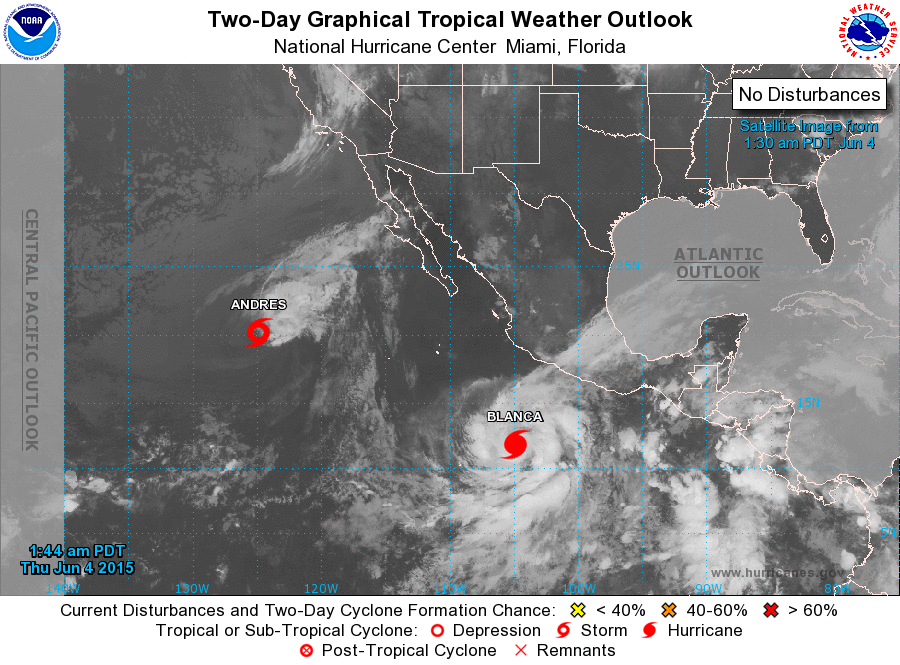
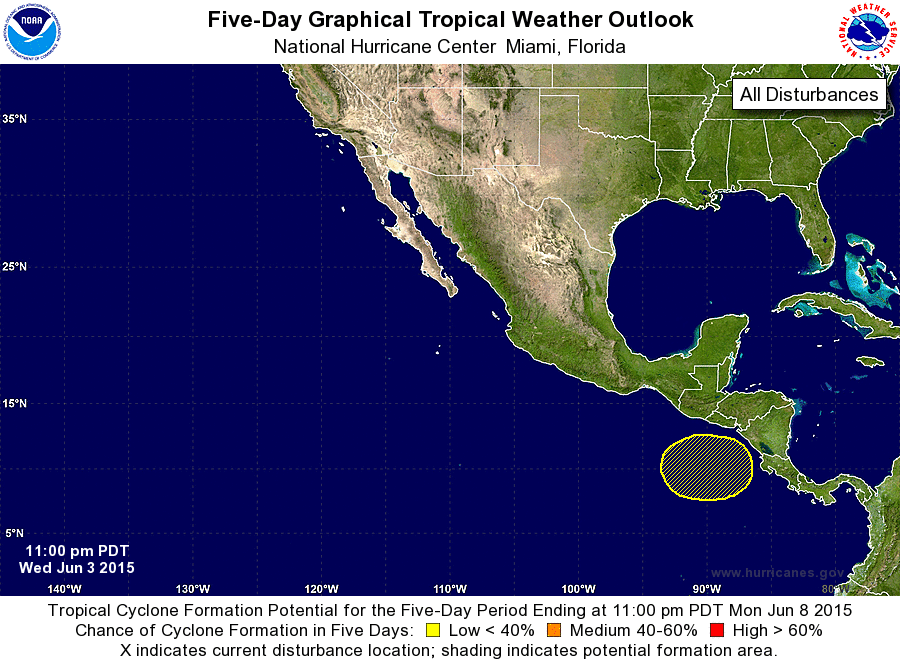
For the eastern North Pacific...east of 140 degrees west longitude:

The National Hurricane Center is issuing advisories on Tropical Storm Andres, located about 1000 miles west of the southern tip of the Baja California peninsula, and on Hurricane Blanca, located about 480 miles south of Manzanillo, Mexico.

1. A low pressure area could form over the weekend or early next week a few hundred miles south of the coasts of El Salvador and Guatemala. Environmental conditions are expected to be conducive for some slow development of the system while it moves toward the north or northwest.
* Formation chance through 48 hours...low...near 0 percent
* Formation chance through 5 days...low...30 percent

Forecaster Roberts